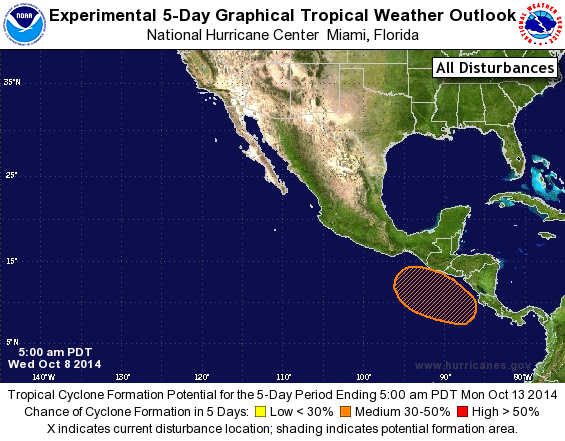
For the eastern North Pacific...east of 140 degrees west longitude:

1. A broad area of low pressure that is moving inland over Nicaragua and Costa Rica is expected to move slowly westward into the far eastern Pacific over the next couple of days. Gradual development of this system is possible south or southwest of the coast of Central America late this week or this weekend while it moves slowly west-northwestward or northwestward.
* Formation chance through 48 hours...low...near 0 percent.
* Formation chance through 5 days...medium...30 percent.

Forecaster Pasch